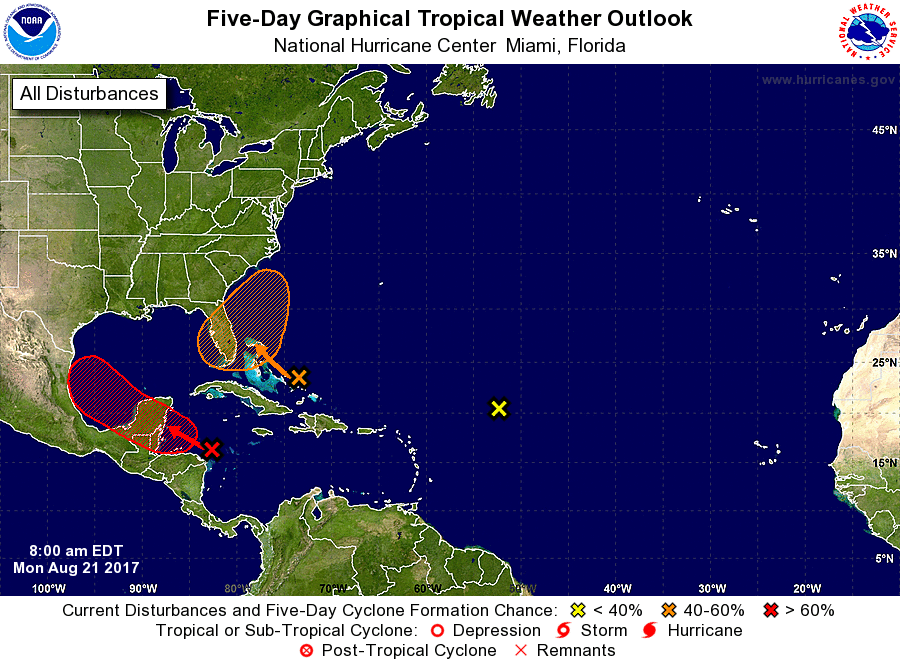
For the North Atlantic...Caribbean Sea and the Gulf of Mexico:

1. A trough of low pressure, associated with the remnants of Harvey, continues to produce a large area of disorganized showers and thunderstorms over the northwestern Caribbean Sea. Some development of this system is still possible before it reaches the coast of Belize or the Yucatan Peninsula early Tuesday. The disturbance is forecast to move into the Bay of Campeche early Wednesday, where environmental conditions are expected to be more conducive for redevelopment. Regardless of development, locally heavy rainfall and gusty winds are likely to spread westward across northern Nicaragua, Honduras, Belize, and the Yucatan Peninsula during the next couple of days. The Air Force reconnaissance aircraft mission scheduled for today has been canceled.
* Formation chance through 48 hours...medium...50 percent.
* Formation chance through 5 days...high...80 percent.

2. A trough of low pressure located near the southeastern and central Bahamas is producing disorganized showers and thunderstorms. Environmental conditions are expected to be unfavorable for development of this system during the next day or so while it moves west-northwestward at about 15 mph across the Bahamas. Conditions could become a little more conducive for development later in the week when the system is near Florida or the adjacent waters.
* Formation chance through 48 hours...low...10 percent.
* Formation chance through 5 days...medium...40 percent.

3. A large area of showers and thunderstorms located about 800 miles east-northeast of the northern Leeward Islands is associated with a surface trough that is interacting with a large upper-level low over the central Atlantic. Upper-level winds are not conducive for development of this system while it moves northwestward over the central Atlantic at 10 to 15 mph.
* Formation chance through 48 hours...low...near 0 percent.
* Formation chance through 5 days...low...near 0 percent.

Forecaster Cangialosi